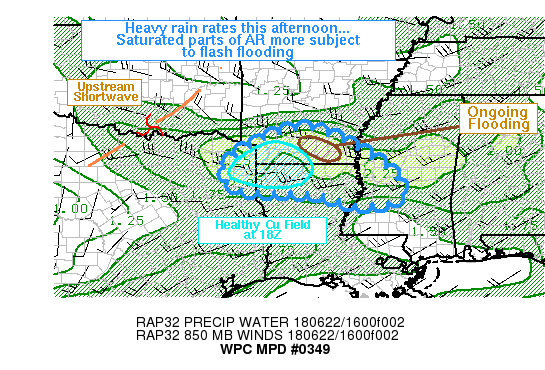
AREAS AFFECTED...SRN AR...NRN LA...NE TX...WRN MS

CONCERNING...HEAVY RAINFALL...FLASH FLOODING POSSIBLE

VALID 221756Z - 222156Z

SUMMARY...THUNDERSTORMS IN A MOISTURE-RICH ENVIRONMENT WILL
PRODUCE HEAVY RAINFALL THIS AFTERNOON. FLASH FLOODING IS
POSSIBLE...BUT ESPECIALLY IN SOUTHERN ARKANSAS WHERE 2 TO 5 INCHES
OF RAIN FELL THIS MORNING.

DISCUSSION...AN UPPER LEVEL JET STREAK WAS BRUSHING ACROSS THIS
REGION...AND WHEN COUPLED WITH VEERED LOW LEVEL FLOW / WARM
ADVECTION DOWNSTREAM OF THE CAPPED ENVIRONMENT IN TEXAS...THIS HAD
LED TO A CLUSTER OF SLOW MOVING STORMS WITH HEAVY RAINFALL IN AND
SURROUNDING BRADLEY COUNTY ARKANSAS. DUAL POL RADAR ESTIMATES FROM
KLZK INDICATED SIZABLE AREAS OF 2 TO 5 INCHES OF RAINFALL SINCE
EARLY MORNING...AND THERE WERE REPORTS OF FLASH FLOODING.

APPROACHING 18Z...MESOANALYSIS INDICATED CONFLUENT LOW LEVEL FLOW
WITH PRECIPITABLE WATER VALUES CLOSE TO 2.00 INCHES...MIXED LAYER
CAPE OF AT LEAST 1500 J/KG...AN UPSTREAM SHORTWAVE TROUGH THAT HAD
BEEN TIED TO OTHER THUNDERSTORM ACTIVITY IN OKLAHOMA...AND A
HEALTHY CUMULUS FIELD OVER SOUTHWEST ARKANSAS PER VISIBLE
SATELLITE IMAGERY. THUS...RENEWED THUNDERSTORM DEVELOPMENT SEEMS
LIKELY THIS AFTERNOON...DESPITE MARGINAL MID LEVEL LAPSE RATES.

WITH THE TRANSITION TO THE DEEPLY MIXED DAYTIME BOUNDARY
LAYER...ADDITIONAL THUNDERSTORMS WILL BE MORE PROGRESSIVE...AND
THIS IS INDICATED IN THE 12Z WRF-ARW...WRF-NMM...AND RECENT HRRR
RUNS. CELL MOTIONS...HOWEVER...WILL LIKELY CARRY SOME ADDITIONAL
RAINFALL INTO THE BRADLEY COUNTY AREA WHERE THERE WILL BE A HIGH
PERCENTAGE OF RUNOFF GIVEN SATURATED CONDITIONS. ELSEWHERE RAIN
RATES OF GREATER THAN 2 INCHES PER HOUR / GIVEN THE TROPICAL PW
ENVIRONMENT / MAY LEAD TO FLASH FLOODING...ESPECIALLY URBAN AND
POORLY DRAINED LOCATIONS. THE HIGH RESOLUTION MODELS GENERALLY
INDICATE ISOLATED 3 INCH RAIN AMOUNTS THIS AFTERNOON...WEIGHTED
MORE TOWARD NORTHEAST LOUISIANA AND WESTERN MISSISSIPPI WHERE
REPEATED ACTIVITY IS POSSIBLE JUDGING BY 18Z RADAR TRENDS AND
SIMULATED REFLECTIVITY FROM THE MODELS MENTIONED ABOVE.